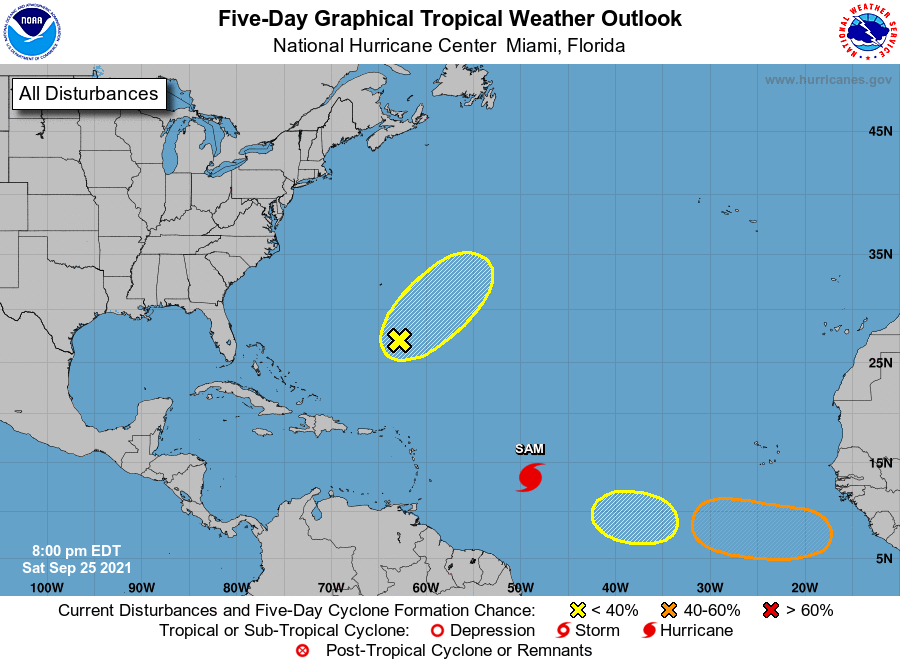
For the North Atlantic...Caribbean Sea and the Gulf of Mexico:

The National Hurricane Center is issuing advisories on Hurricane Sam, located about 1000 miles east-southeast of the northern Leeward Islands, and has issued the last advisory on Post-Tropical Cyclone Teresa, located about 150 miles north of Bermuda.

1. An area of disorganized showers and thunderstorms associated with the remnants of Peter is located several hundred miles south-southeast of Bermuda. Environmental conditions appear marginally conducive for slow development of this disturbance over the next few days as it moves northeastward at about 10 mph.
* Formation chance through 48 hours...low...10 percent.
* Formation chance through 5 days...low...20 percent.

2. A tropical wave is expected to move off the west coast of Africa by early Monday. Thereafter, environmental conditions are forecast to be conducive for gradual development, and a tropical depression could form by the middle of next week while the system moves westward at 10 to 15 mph over the far eastern tropical Atlantic.
* Formation chance through 48 hours...low...near 0 percent.
* Formation chance through 5 days...medium...60 percent.

3. A broad area of low pressure could form over the eastern or central tropical Atlantic early next week, to the west of the tropical wave that will be moving off the coast of Africa. Environmental conditions appear favorable for some development of this disturbance while it moves slowly westward through the middle of next week.
* Formation chance through 48 hours...low...near 0 percent.
* Formation chance through 5 days...low...20 percent.

Forecaster Berg